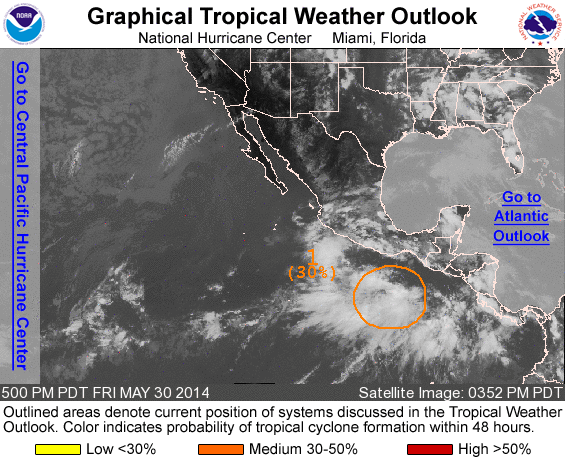
For the eastern North Pacific...east of 140 degrees west longitude:

1. A broad area of low pressure located several hundred miles south of southeastern Mexico is gradually becoming better organized. Environmental conditions are expected to become increasingly conducive for continued development of this system during the next few days as it drifts northward toward the Gulf of Tehuantepec.
* Formation chance through 48 hours...medium...30 percent
* Formation chance through 5 days...high...70 percent

Forecaster Blake